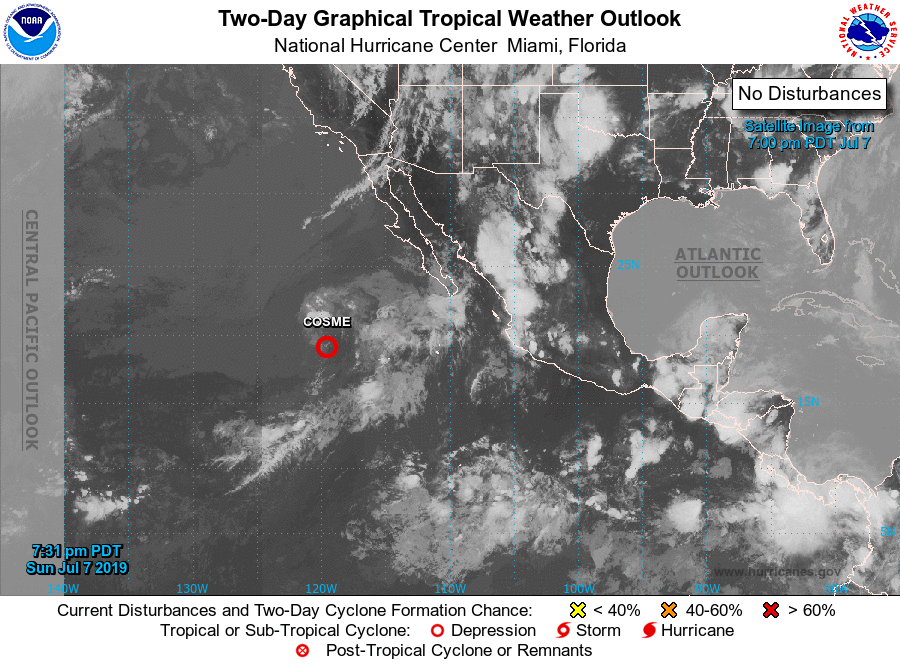
For the eastern North Pacific...east of 140 degrees west longitude:

The National Hurricane Center is issuing advisories on Tropical Storm Cosme, located several hundred miles west-southwest of the southern tip of the Baja California peninsula.

1. An area of low pressure could develop several hundred miles south of the coast of southern Mexico in a couple of days. Some slow development of this system is possible late this week while the system moves westward to west-northwestward.
* Formation chance through 48 hours...low...near 0 percent.
* Formation chance through 5 days...low...20 percent.

Forecaster Cangialosi